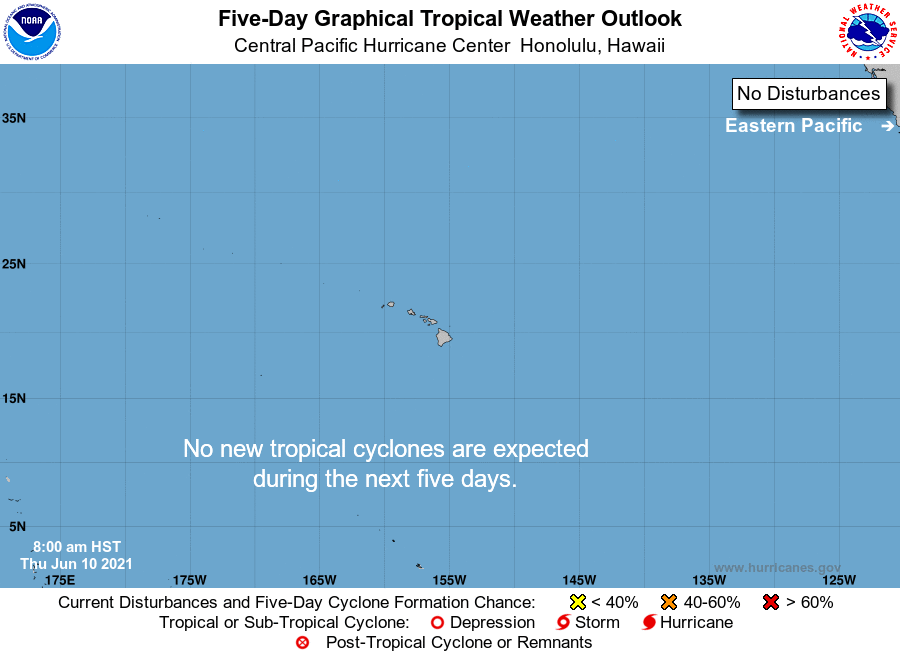
For the central North Pacific...between 140W and 180W:

No tropical cyclones are expected during the next 5 days.

Forecaster Wroe